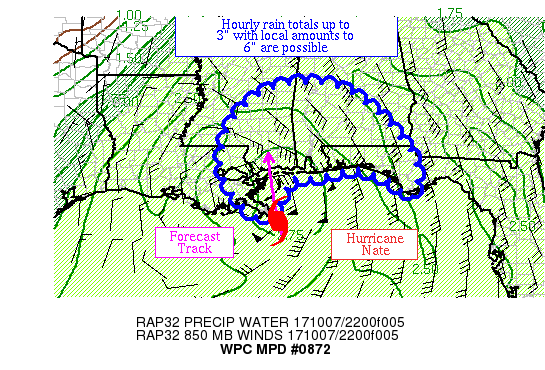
AREAS AFFECTED...CENTRAL GULF COAST

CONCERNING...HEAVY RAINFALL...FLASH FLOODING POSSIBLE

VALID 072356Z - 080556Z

SUMMARY...CORE RAINFALL WITH HURRICANE NATE IS CAPABLE OF
PRODUCING HOURLY RAIN TOTALS TO 3" WITH LOCAL AMOUNTS TO 6".

DISCUSSION...HURRICANE NATE'S CDO COVERS THE EAST-NORTHEAST THIRD
TO HALF OF ITS CIRCULATION, WHICH COULD BE EITHER DUE TO SOME
WESTERLY VERTICAL WIND SHEAR OR THE INGESTION OF MORE STABLE AIR
FROM SOUTHEAST LA, WHERE CIN HAS DEVELOPED DUE TO CLOUDY
SKIES/LIGHT RAIN THIS AFTERNOON.  THERE HAS BEEN SOME RECENT
COOLING TO CLOUD TOPS PER INFRARED GOES-13 IMAGERY.  A TRAINING
BAND HAS BEEN CONCENTRATED IN SOUTHERN AL AS OF LATE DOWNWIND OF A
MAXIMUM OF INSTABILITY, WHICH RADAR HAS ESTIMATED HOURLY TOTALS TO
2".  PRECIPITABLE WATER VALUES OF 2.75-3" EXIST IN ITS CORE.
INFLOW AT 850 HPA IS 30-50 KTS PER VAD WIND PROFILES, THOUGH WINDS
UP TO 85 KTS MIGHT EXIST BASED ON THE STORM'S CURRENT INTENSITY.
UPSTREAM INSTABILITY OF 500-3000 J/KG MU CAPE VALUES EXISTS
OFFSHORE THE CENTRAL GULF COAST.  EFFECTIVE BULK SHEAR OF 25-45
KTS EXISTS PER SPC MESOANALYSES, WHICH WHEN COMBINED WITH FAIRLY
UNIDIRECTIONAL WINDS WITH HEIGHT HAVE LED SPIRAL BANDS AS NOTED ON
RADAR.

THE EXPECTATION IS FOR THE STORM TO MOVE NORTH OVER THE NEXT
SEVERAL HOURS, BRINGING ITS CENTER NEAR SOUTHERN MS.  THE
MESOSCALE GUIDANCE HAS A GOOD SIGNAL FOR LOCAL AMOUNTS OF 5" NEAR
AND NORTHEAST OF ITS CENTER.  THE AVAILABLE MOISTURE AND
INSTABILITY COULD LEAD TO OCCASIONS WHERE HOURLY RAIN TOTALS REACH
3".  THERE IS A CHANCE FOR CENTRAL CONVECTION TO DEVELOP GREATER
VIGOR DUE TO FRICTIONAL CONVERGENCE AROUND THE TIME OF LANDFALL
AND AS CIN SETS IN AT INCREASING DISTANCES FROM THE CIRCULATION
CENTER.  RAINFALL DURING THE PAST COUPLE WEEKS HAS BEEN WELL BELOW
NORMAL, SO ISSUES WITH HEAVY RAINFALL ARE EXPECTED MOSTLY WITHIN
URBAN AREAS.